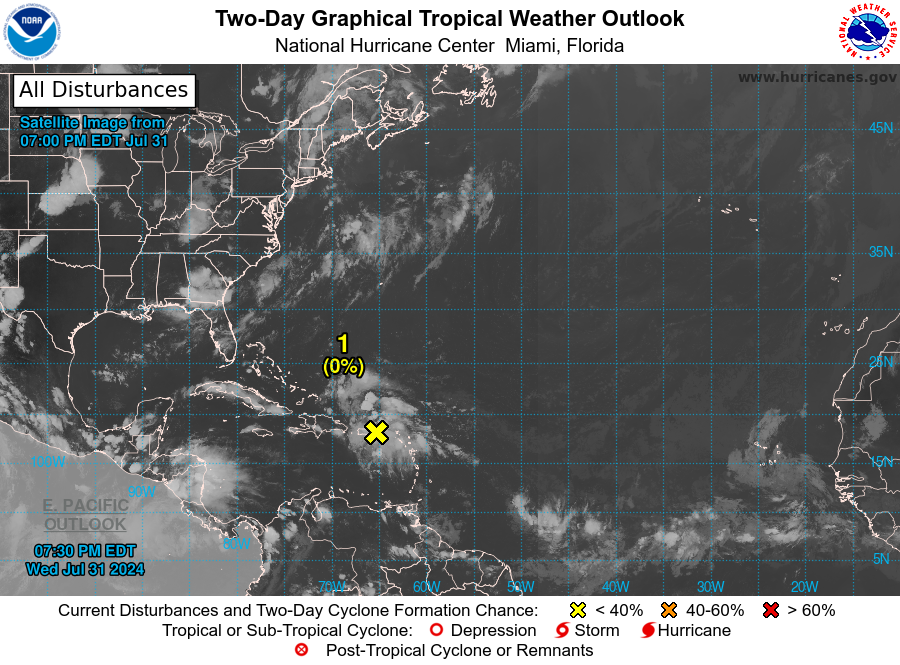
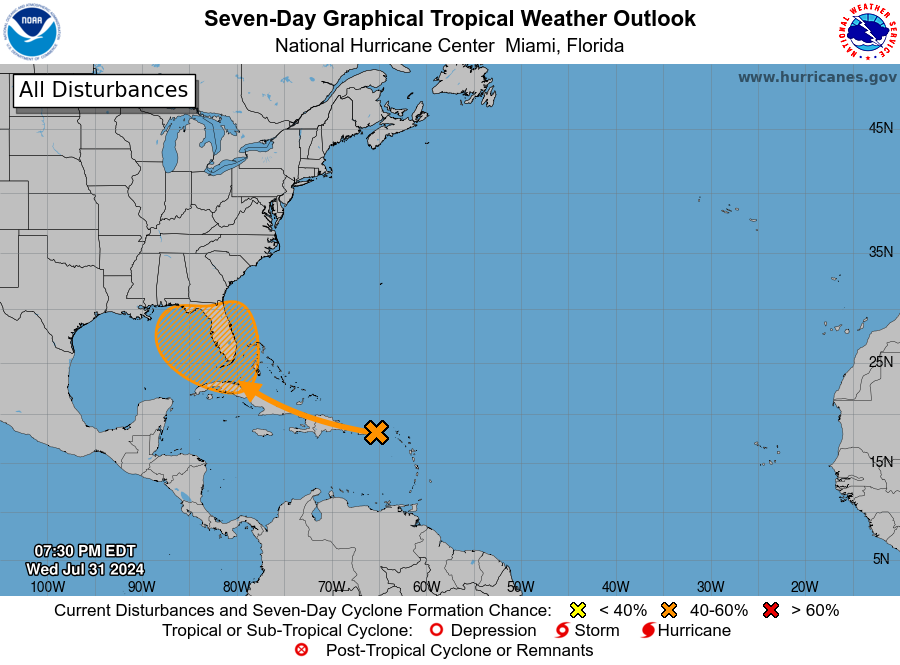
For the North Atlantic...Caribbean Sea and the Gulf of Mexico:

1. Southwestern Atlantic and Eastern Gulf of Mexico: A tropical wave is producing a large area of disorganized showers and thunderstorms over Puerto Rico, the Virgin Islands, the Leeward Islands, and the adjacent waters of the southwestern Atlantic and northeastern Caribbean Sea. Development of this system is not anticipated during the next few days while it moves west-northwestward over portions of the Greater Antilles. However, environmental conditions are forecast to be more conducive for development after the wave passes the Greater Antilles, and a tropical depression could form this weekend or early next week over the eastern Gulf of Mexico or far southwestern Atlantic Ocean, including in the vicinity of Florida. Interests across the Greater Antilles, Bahamas, and Florida should continue to monitor the progress of this system.
* Formation chance through 48 hours...low...near 0 percent.
* Formation chance through 7 days...medium...60 percent.

Forecaster Berg